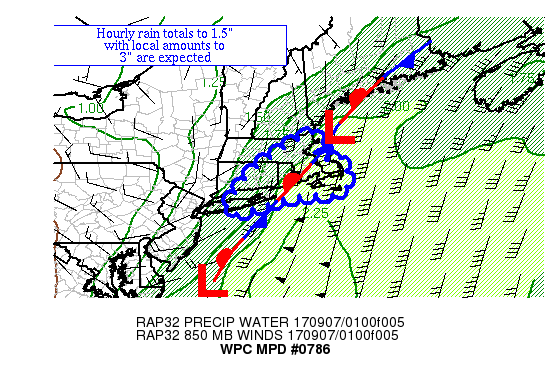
AREAS AFFECTED...EASTERN LONG ISLAND/SOUTHEAST NEW ENGLAND

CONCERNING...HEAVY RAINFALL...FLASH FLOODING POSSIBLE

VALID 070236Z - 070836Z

SUMMARY...AN INCOMING FRONTAL WAVE SHOULD LEAD TO HOURLY RAIN
TOTALS UP TO 1.5" WITH LOCAL AMOUNTS TO 3".

DISCUSSION...A FALL-LIKE SCENARIO IS PLAYING OUT WITH AN UPPER
TROUGH ACROSS THE GREAT LAKES AND A BROADLY DIFFLUENT/ DIVERGENT
AREA ALOFT DOWNSTREAM FROM OFFSHORE THE MID-ATLANTIC COAST INTO
SOUTHERN NEW ENGLAND.  A SURFACE WAVE APPEARS TO LIE
EAST-SOUTHEAST OF CAPE MAY BASED ON 02Z OBSERVATIONS.
PRECIPITABLE WATER VALUES OF 1.5-1.8" EXIST ACROSS THE REGION PER
GPS DATA.  MU CAPE VALUES ARE CURRENTLY IN THE 100-700 J/KG RANGE
WITH THE GRADIENT SLOWLY SHARPENING OVER THE PAST FOUR HOURS.  THE
FLOW WITH HEIGHT IS NEARLY UNIDIRECTIONAL FROM THE SURFACE UP TO
100 HPA.  THE 850 HPA FLOW IS 30 KTS FROM THE SOUTH-SOUTHWEST,
SIMILAR TO THE VALUE OF THE EFFECTIVE BULK SHEAR.

THE OKX/UPTON NY AND CHH/CHATHAM MA SOUNDINGS ARE SATURATED WITH
WET BULB ZERO HEIGHTS IN THE 12,000-13,000 FOOT RANGE, WHICH
SHOULD ALLOW PRECIPITATION TO BE PARTICULARLY EFFICIENT -- 500+
J/KG MU CAPE SHOULD BE ENOUGH FOR THUNDERSTORMS WITH HEAVY
RAINFALL.  RAP MASS FIELDS SHOW BOUNDARY LAYER MOISTURE
CONVERGENCE INCREASING WITH TIME.  MU CAPE TRENDS DOWN SOUTH NEAR
AND AHEAD OF A FRONTAL WAVE ARE UPWARD, AND THE THINKING IS THAT
THE VALUES ACROSS THIS REGION SHOULD INCREASE WITH TIME.  CELL
TRAINING IS THE MAIN CONCERN PER THE BULK SHEAR AND UNIDIRECTIONAL
FLOW PRESENT, THOUGH OCCASIONAL MERGERS COULD AUGMENT RATES.  THE
GUIDANCE THAT APPEARS BEST WITH THE EXPECTED RAINFALL PATTERN ARE
00Z HRRR, 18Z CANADIAN REGIONAL, AND 21Z HRRR EXPERIMENTAL WHICH
SHOW LOCAL AMOUNTS IN THE 2-3" RANGE.  THE 18Z SSEO NEIGHBORHOOD
PROBABILITIES SUGGEST THAT THE HEAVY RAIN THREAT WOULD LIE IN THE
04Z-09Z TIME FRAME.  HOURLY RAIN TOTALS TO 1.5" ARE ANTICIPATED.
WITHIN URBAN AREAS, THIS COULD BE ENOUGH FOR HEAVY RAIN-RELATED
ISSUES.